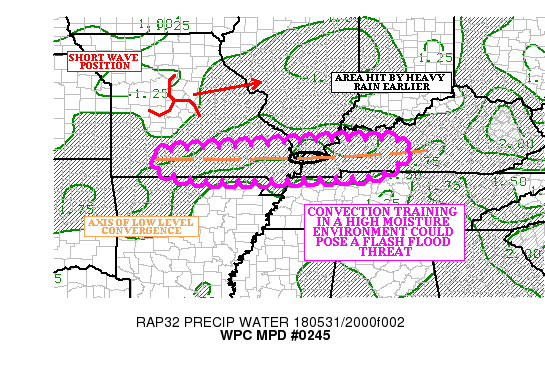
AREAS AFFECTED...WESTERN KY...FAR SOUTHERN IL...SOUTHERN MO

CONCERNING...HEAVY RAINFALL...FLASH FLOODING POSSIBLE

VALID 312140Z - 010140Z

SUMMARY...CONVECTION TRAINING ALONG A LINE OF LOW LEVEL
CONVERGENCE IN A HIGH MOISTURE CONTENT AIRMASS COULD POSE A FLASH
FLOOD THREAT INTO THE EARLY EVENING HOURS.

DISCUSSION...REGIONAL RADARS HAVE INDICATED CONVECTION DEVELOPING
ALONG A LINE OF LOW LEVEL CONVERGENCE EXTENDING FROM CENTRAL KT
INTO SOUTHERN MO. THE GOES-16 CLEAN IR LOOP SHOWED COOLING TOPS
ALONG THIS LINE...IN A NARROW AXIS OF 1500-2000 J/KG OF MLCAPE.
THE LOW LEVEL CONVERGENCE IS FOCUSING 1.75 INCH PRECIPITABLE WATER
AIR (WHICH IS ABOUT TWO STANDARD DEVIATIONS ABOVE THE MEAN) IN THE
DEVELOPING CONVECTION.

WHILE THE CONVECTION IS STILL SCATTERED ALONG THE LOW LEVEL
AXIS...IT IS DRAWING ON THE DEEP MOISTURE IN PLACE TO PRODUCE
HOURLY RAINFALL RATES BETWEEN 1.50 AND 2.00 INCHES. A RECENT ASOS
REPORT NEAR KPAH SHOWED HOURLY RAINFALL RATES IN EXCESS OF 2.00
INCHES WITH THE STORMS. EARLIER CONVECTION MOVING THROUGH THIS
AREA MOISTENED THE SOILS OVER WESTERN KY...AND THE ADDITIONAL
RAINFALL COULD POSE A SHORT TERM FLASH FLOOD THREAT.

A SHORT WAVE CROSSING CENTRAL MO COULD ALLOW THE CONVECTION TO
BECOME BETTER ORGANIZED ALONG THE LOW LEVEL CONVERGENCE AXIS
THROUGH 01/00Z. THE 850-300 MB MEAN WIND SUGGESTS THAT THE
CONVECTION WOULD TRAVEL WEST TO EAST ALONG THE AXIS...AND THE
POTENTIAL FOR TRAINING WILL ENHANCE THE FLASH FLOOD THREAT.

THE MOST RECENT HRRR/EXPERIMENTAL HRRR INDICATED THE POTENTIAL FOR
LOCAL 2.00/3.00 INCHES OF RAINFALL...WITH THE HIGHEST AMOUNTS OVER
WESTERN KY. BASED ON WHAT HAS OCCURRED...THESE VALUES SEEM
PLAUSIBLE. THE FLASH FLOOD THREAT IS HIGHER ACROSS WESTERN
KY...DUE TO ANTECEDENT CONDITIONS. FURTHER WEST INTO SOUTHERN
MO...IT IS NOT CLEAR HOW MUCH MORE WIDESPREAD THE CONVECTION
BECOMES ALONG THE LINE. BECAUSE OF THIS...FLASH FLOODING IS ONLY
CONSIDERED POSSIBLE.